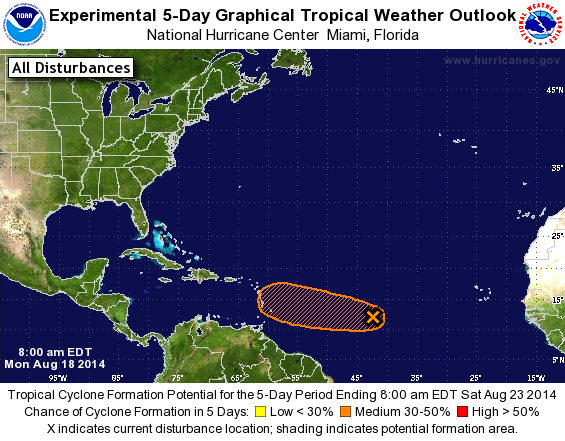
For the North Atlantic...Caribbean Sea and the Gulf of Mexico:

1. Shower activity with a weak and elongated area of low pressure located about midway between the Lesser Antilles and the Cape Verde Islands remains disorganized. Development of this system is not expected during the next couple of days, but beyond that time, environmental conditions could become a little more favorable for development when the system moves slowly westward across the central tropical Atlantic.
* Formation chance through 48 hours...low...10 percent.
* Formation chance through 5 days...medium...30 percent.

Forecaster Avila